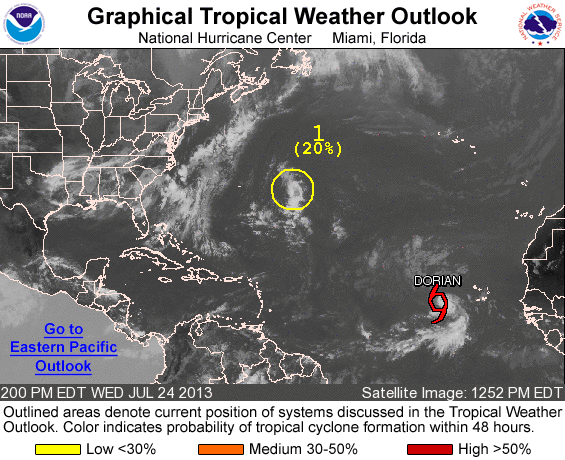
FOR THE NORTH ATLANTIC...CARIBBEAN SEA AND THE GULF OF MEXICO...

THE NATIONAL HURRICANE CENTER IS ISSUING ADVISORIES ON RECENTLY UPGRADED TROPICAL STORM DORIAN...LOCATED SEVERAL HUNDRED MILES WEST OF THE CAPE VERDE ISLANDS.

1. A SURFACE LOW PRESSURE SYSTEM HAS DEVELOPED BENEATH AN UPPER-LEVEL TROUGH ABOUT 500 MILES EAST OF BERMUDA. UPPER-LEVEL WINDS ARE EXPECTED TO GRADUALLY BECOME MORE FAVORABLE FOR DEVELOPMENT OVER THE NEXT COUPLE OF DAYS AS THE DISTURBANCE MOVES NORTHWESTWARD TO NORTHWARD AT 10 TO 15 MPH. THIS SYSTEM HAS A LOW CHANCE...20 PERCENT...OF BECOMING A TROPICAL CYCLONE DURING THE NEXT 48 HOURS.

ELSEWHERE...TROPICAL CYCLONE FORMATION IS NOT EXPECTED DURING THE NEXT 48 HOURS.

PUBLIC ADVISORIES ON TROPICAL STORM DORIAN ARE ISSUED UNDER WMO HEADER WTNT34 KNHC AND UNDER AWIPS HEADER MIATCPAT4. FORECAST/ADVISORIES ON DORIAN ARE ISSUED UNDER WMO HEADER WTNT24 KNHC AND UNDER AWIPS HEADER MIATCMAT4.

FORECASTER STEWART